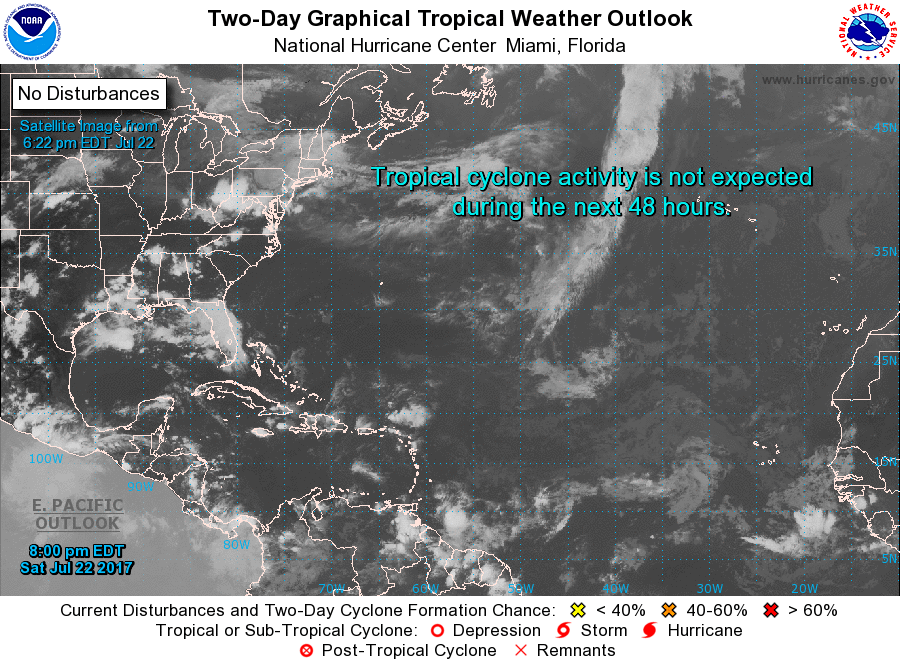
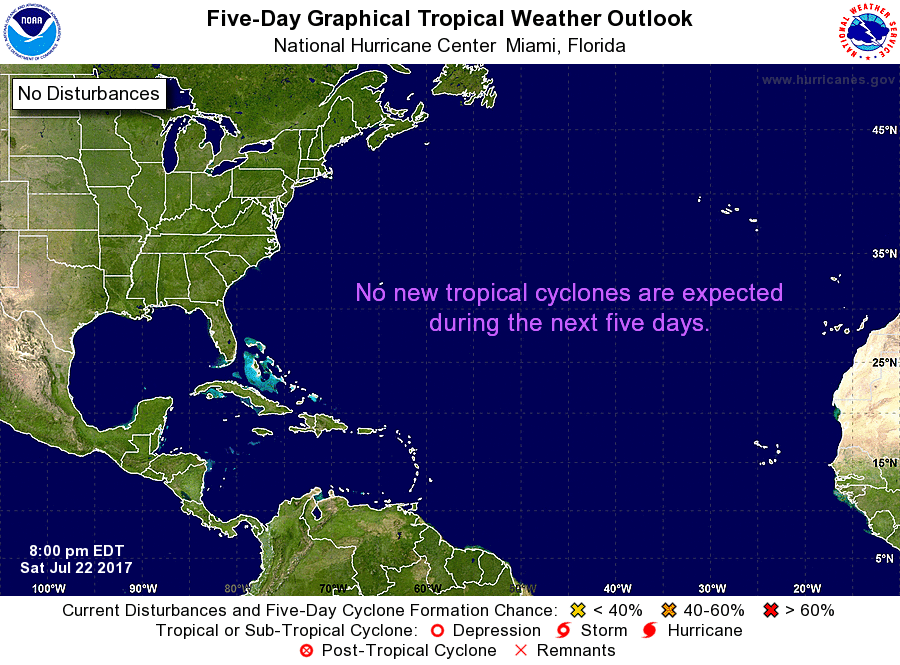
For the North Atlantic...Caribbean Sea and the Gulf of Mexico:

Tropical cyclone formation is not expected during the next 5 days.

Forecaster Brennan